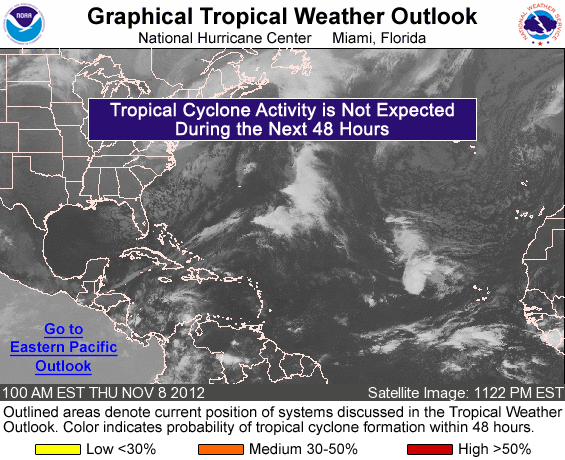
FOR THE NORTH ATLANTIC...CARIBBEAN SEA AND THE GULF OF MEXICO...

TROPICAL CYCLONE FORMATION IS NOT EXPECTED DURING THE NEXT 48 HOURS.

FORECASTER BROWN